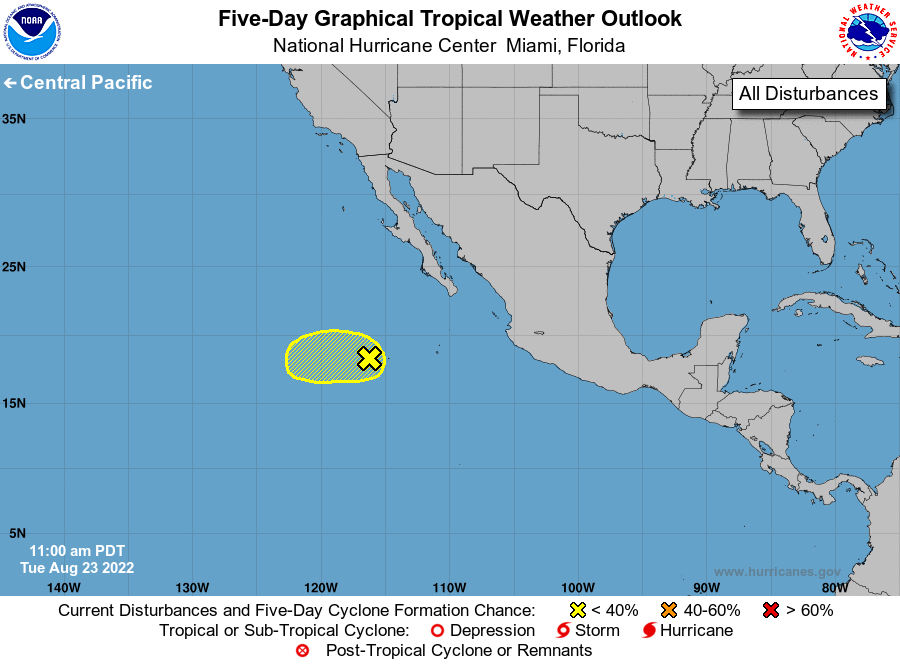
For the eastern North Pacific...east of 140 degrees west longitude:

1. Central East Pacific: A broad area of low pressure located several hundred miles southwest of the southern tip of the Baja California peninsula has become less organized since yesterday. While a tropical depression could still form during the next day or so, the chances of formation are decreasing since environmental conditions are forecast to become unfavorable late in the week. The system is expected to move slowly westward, well offshore of the coast of Mexico.
* Formation chance through 48 hours...low...30 percent.
* Formation chance through 5 days...low...30 percent.

Forecaster Blake/Hogsett